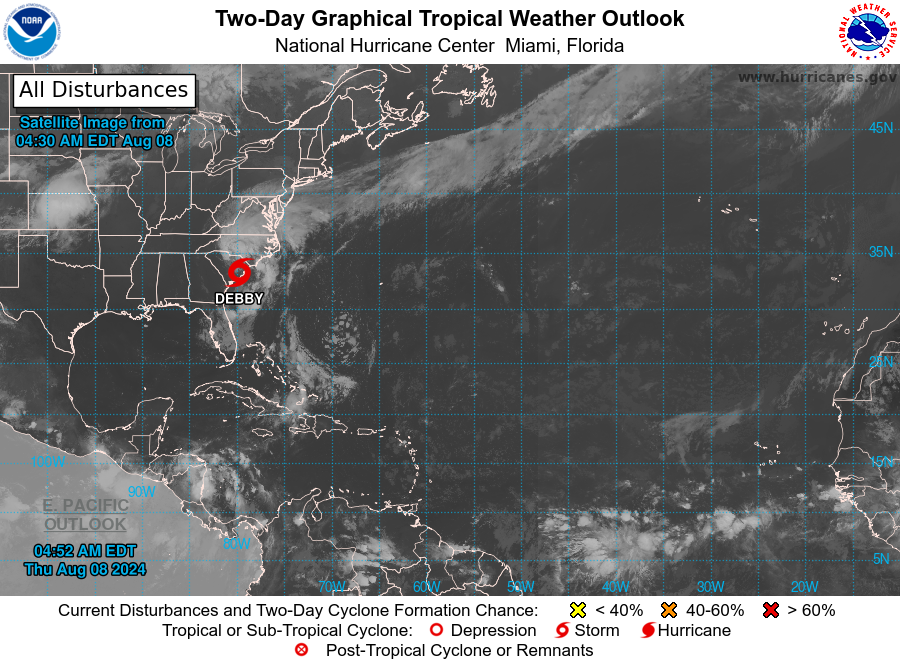
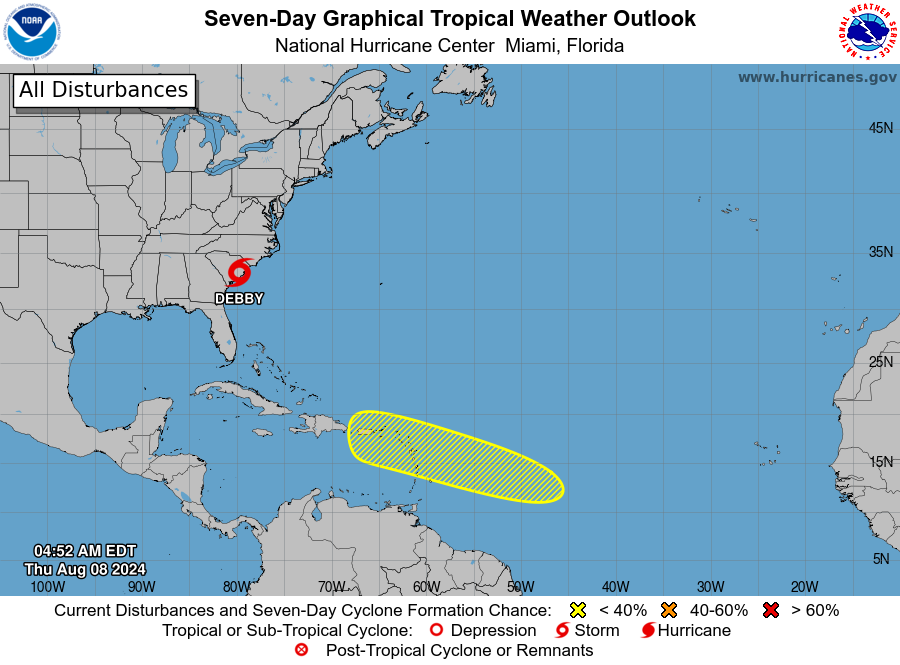
For the North Atlantic...Caribbean Sea and the Gulf of Mexico:

Active Systems: The National Hurricane Center is issuing advisories on Tropical Storm Debby, located on the coast of South Carolina.

1. Near the Lesser and Greater Antilles: An area of low pressure could form in the central or western tropical Atlantic Ocean early next week. Some development of this system is possible while it approaches the Lesser Antilles during the early to middle part of next week and moves generally west-northwestward toward the Greater Antilles thereafter.
* Formation chance through 48 hours...low...near 0 percent.
* Formation chance through 7 days...low...20 percent.

Forecaster Bucci